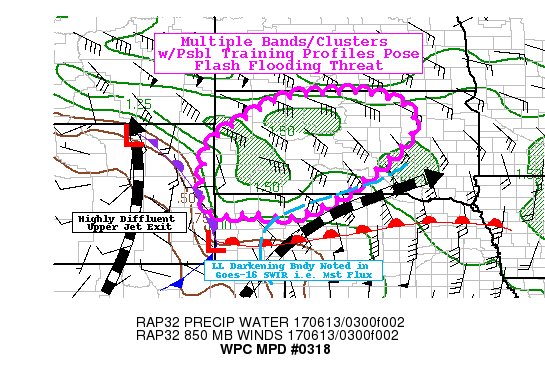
AREAS AFFECTED...SOUTHWEST & CENTRAL SD...EXT EASTERN
WY...NORTHWEST NEB

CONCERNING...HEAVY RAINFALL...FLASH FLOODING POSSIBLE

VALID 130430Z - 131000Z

SUMMARY...MULTIPLE LINES/CLUSTERS OF CONVECTION WITH POTENTIAL
TRAINING MAY LEAD TO 2-4" RAINFALL TOTALS OVER THE NEXT 6HRS OR SO
POSING FLASH FLOODING CONCERNS.

DISCUSSION...GOES SATELLITE MOSAIC DENOTES A VERY ROBUST UPPER LOW
OVER NE NV WITH WELL DEFINED CONVERGENT ARMS ALONG 2 WARM CONVEYOR
BELTS IN ADVANCE OF THE LOW ACROSS THE HIGH PLAINS.  THE HEIGHT
FALLS AND CONVERGENCE ALONG THE EASTERN MOST BAND ENHANCED BY LOW
LEVEL WESTERLIES AND MODEST REMAINING INSTABILITY AS HIGH AS 1000
J/KG MUCAPE IS SUPPORTING CONVECTIVE DEVELOPMENT FROM EXTREME
EASTERN WY ARCHING BACK NW TO SE MT UNDER INCREASING DIFFLUENT
FLOW.  NEAR 180 DEGREES OF LOW LEVEL CONVERGENCE WITH SFC TDS IN
THE LOWER 50S ALONG WITH MOISTENED MID-LEVEL ENVIRONMENT FROM
CONVECTION TO THE EAST SHOULD SUPPORT MODEST RAINFALL RATES OF
1.25-1.5"/HR GIVEN TPWS PER RAP UP TO 1.2" AND FLUX.  GIVEN FAIRLY
STRONG HEIGHT FALLS AND STRONGER MID-LEVEL MIXING...FORWARD
PROPAGATION MAY MITIGATE THE OVERALL TOTALS.  HOWEVER...PRECURSORY
HEAVY RAINFALL EARLIER THIS EVENING AS WELL AS YESTERDAY HAS
LOWERED SOIL CONDITIONS THAT MAY BE ECLIPSED AND LEAD TO RUN-OFF
PROBLEMS AND LOCALIZED FLASH FLOODING CONDITIONS.   THIS IS
PARTICULARLY THE CASE FOR THE SOUTHERN CELLS THAT NOT ONLY ARE
EXPOSED TO STRONGER MOISTURE FLUX FROM THE SOUTHEAST (NOT AFFECTED
BY CONVECTION TO THE EAST) BUT ALSO MORE FAVORABLE FLOW ALOFT TO
SUPPORT BACKBUILDING AS WELL AS ORIENTING TO THE MEAN FLOW
ALLOWING FOR TRAINING. THIS IS LIKELY TO AFFECT FAR NW NEB TOWARD
THE BADLANDS...AND MAY TRACK THROUGH AREAS AFFECTED FROM RAINS
EARLIER AS WELL...WITH 2-3" TOTALS POSSIBLE.

FURTHER EAST ACROSS CENTRAL SD...EARLY EVENING SUPERCELLS CONTINUE
TO MAINTAIN THEMSELVES AND POSE SEVERE THREAT (PLEASE SEE MCD 1006
FOR ADDITIONAL DETAILS) BUT ALSO ARE QUITE EFFICIENT HEAVY
RAINFALL PRODUCERS THAT MAY BECOME MORE EFFICIENT WITH TIME.
EXPERIMENTAL GOES-16 SWIR 3.9UM IMAGERY SHOWS WARMING LOW LEVEL
ENVIRONMENT INDICATIVE OF REINFORCING UNTAPPED THETA-E BUBBLE
BEGINNING TO INTERSECT THE SE PERIPHERY OF EXPANSIVE CONVECTIVE
SHIELD OVER NW NEB...WHILE LOW LEVEL MOISTURE HAS BEEN MAINTAINED
AND IS GREATER THAN 65F TDS...MID-LEVEL FLUX ON 50KTS OF SE PER
LNX VWP IS ADVECTING MUCAPES UP TO 3500 J/KG INTO THE GROWING
COMPLEX.  THIS IS LIKELY TO REINVIGORATE CONVECTION AND EXPAND
CONVECTIVE CORES...GIVEN ORIENTATION OF THE LOW LEVEL FLOW
PERPENDICULAR TO THE MEAN RIGHT MOVING SUPERCELL MOTION VECTORS...
THIS SHOULD SUPPORT ADDITIONAL TRAINING.  EVEN WITH STRONG FORWARD
SPEED...RAIN RATES OVER 2"/HR ARE POSSIBLE ALLOWING FOR TOTALS OF
2-4" OVER THE NEXT 6HRS.  AS SUCH FLASH FLOODING IS POSSIBLE
THROUGH THIS SW TO NE TRACK THOUGH GREATEST THROUGH COMPROMISED
SOILS JUST NORTH OF I-90 FROM MCS TRACK A FEW DAYS AGO.